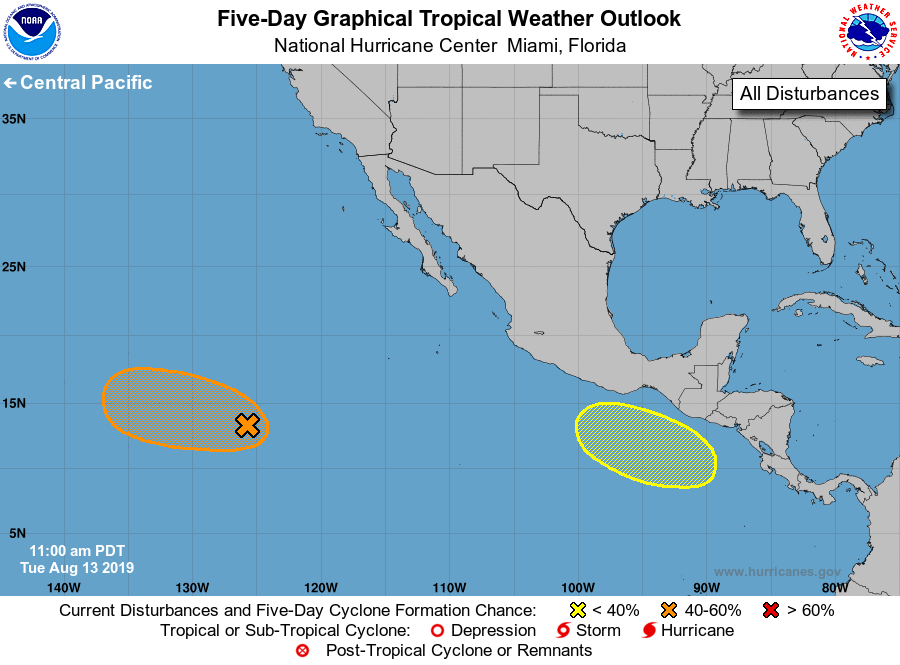
For the eastern North Pacific...east of 140 degrees west longitude:

The National Hurricane Center has issued its last advisory on Henriette, which has become a remnant low located a few hundred miles west-southwest of the southern tip of the Baja California Peninsula.

1. Disorganized showers and thunderstorms located about 1100 miles southwest of the southern tip of the Baja California peninsula are associated with an elongated trough of low pressure. Environmental conditions are forecast to be conducive for some development during the next few days, and a tropical depression could form later this week while the system moves west-northwestward at 10 to 15 mph.
* Formation chance through 48 hours...medium...40 percent.
* Formation chance through 5 days...medium...60 percent.

2. A broad area of low pressure is forecast to form south or southeast of the southeastern coast of Mexico late this week. Environmental conditions are expected to be conducive for gradual development of the system over the weekend.
* Formation chance through 48 hours...low...near 0 percent.
* Formation chance through 5 days...low...30 percent.

Forecaster Pasch